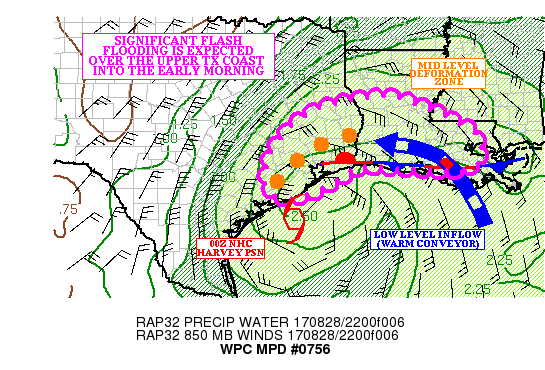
AREAS AFFECTED...UPPER TX COAST INTO SOUTHERN AND CENTRAL LA

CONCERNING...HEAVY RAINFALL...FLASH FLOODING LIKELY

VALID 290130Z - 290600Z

SUMMARY...SIGNIFICANT FLASH FLOODING IS EXPECTED INTO THE EARLY
MORNING HOURS... PARTICULARLY ACROSS THE UPPER TX COAST AND
PORTIONS OF SOUTHERN LA.

DISCUSSION...THE GOES-16 CLEAN IR LOOP SHOWED SLOWLY COOLING TOPS
IN THE VICINITY OF KIAH EARLY THIS EVENING...WITH COLDER TOPS
CLOSER TO THE COAST. THE RADAR PRESENTATION WITH THE EXPANDING
AREA OF CONVECTION IS MORE REMINISCENT OF MID LEVEL DEFORMATION
NORTH OF THE CENTER OF HARVEY. HOURLY RAINFALL RATES IN THE
DEFORMATION ZONE HAVE GENERALLY BEEN BETWEEN 1.00 AND 1.25
INCHES...ESPECIALLY OVER BRAZORIA AND GALVESTON COUNTIES.

THE GOES-16 SHORT WAVE IR LOOP SHOWED BANDING FEATURE DEVELOPING
SOUTH OF HARVEY...AND REGIONAL RADARS ARE STARTING TO SHOW BANDS
OF CONVECTION FEEDING INTO THE DEFORMATION ZONE OVER THE UPPER TX
COAST. THE BANDS ARE EXPECTED TO FEED INTO THE MID LEVEL FORCING
OVER THE UPPER TX COAST...INCREASING RAINFALL RATES THROUGH
06Z....FOCUSED BY THE LOW LEVEL CONVERGENT FLOW ON THE EAST SIDE
OF HARVEY.

THERE IS A HIGH RESOLUTION MODEL SIGNAL FOR THE AREA NORTH OF THE
CENTER OF HARVEY TO RECEIVE AN ADDITIONAL 4 TO 8 INCHES OF
RAINFALL...WITH THE BEST SIGNAL EXTENDING FROM GALVESTON ACROSS TO
NEAR HOUSTON THROUGH 06Z. HOWEVER...THE MOST RECENT HRRR SUGGESTS
THAT THE HIGHEST RAINFALL MAXIMUM MAY OCCUR CLOSER TO THE COAST
FROM EASTERN BRAZORIA INTO SOUTHERN CHAMBERS COUNTY TX. THE
ADDITIONAL RAINFALL COULD RESULT IN SIGNIFICANT FLASH FLOODING IN
AREAS THAT AREA ALREADY FLOODED....EXACERBATING ONGOING FLOODING.

FURTHER EAST ACROSS MUCH OF SOUTHERN LA... THE PRECIPITATION
PROCESS IS MORE CONVECTIVELY DRIVEN IN THE WARM SECTOR ASSOCIATED
WITH HARVEY. A POOL OF 1000-1500 J/KG OF MLCAPE LIES ALONG AND
SOUTH OF A FRONTAL BOUNDARY EXTENDING ACROSS THE LA COAST.
CONVECTION FORMING AND MOVING NORTH ACROSS SOUTHERN LA CAN PRODUCE
HOURLY RAINFALL RATES IN EXCESS OF 2.00 INCHES.

THE BANDED FEATURES COULD PRODUCE LOCAL 3 TO 6 INCHES OF RAINFALL
OVER SOUTHERN LA (AND THESE VALUES ARE SUPPORTED BY THE MOST
RECENT HRRR...AS WELL AS THE 12Z WRF ARW). THIS MUCH RAINFALL
COULD EXACERBATE ONGOING FLOODING...OR INITIATE NEW FLASH FLOODING
IN AREAS WITH SATURATED SOILS.

ADDITIONAL FLOODING IS EXPECTED AFTER 06Z ACROSS PORTIONS OF THE
UPPER TX COAST INTO SOUTHERN LA.